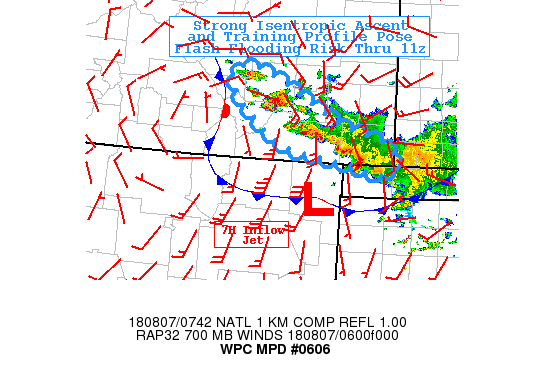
Areas affected...Southeastern Colorado...

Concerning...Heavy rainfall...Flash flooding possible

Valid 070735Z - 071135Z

SUMMARY...Solid Isentropic ascent and anomalous moisture with
training cell profile continue to pose flash flooding risk over
southeast CO over the next 3-4 hours...

DISCUSSION...KPUX depicts a NW to SE boundary that continues to
support scattered cells.  Strong 8-7H southerly winds of 30-40kts
converge and ascend over this boundary.  Deep low level moisture
is being advected along the cool conveyor north of the boundary
with 60F Tds.  Above 6H, the winds quickly veer to westerly
supporting lee pressure falls for this strong convergence but also
supporting the mean cloud motions to align favorably for training.
 KPUX rain rates of 1.5-2"/hr are fairly clean at this point with
very little hail contamination with exception of the strongest
cores. Recent lightning strikes are on an uptick with Cells along
the Sangre de Cristo as well in to western Las Animas to Baca
county.  RAP forecast suggest cold front/cold pool should surge
southward over the next two hours, further distancing the corridor
of highest rainfall totals and best isentropic lift/convective
development, so threat should be winding down toward 10-11z.

QPE of greater than 4" has been estimated in Northern Las Animas
county, which in turn supports OU FLASH maximum values of 800-1000
CFS and QPE/FFG ratios to be well over 2.0 nearing 3.0.  Even with
hail overestimation, these values suggest flash flooding may be
occurring or soon to occur.  Values are starting to approach 1.0
in southwest Otero and starting to leak into southwest Baca county
as well